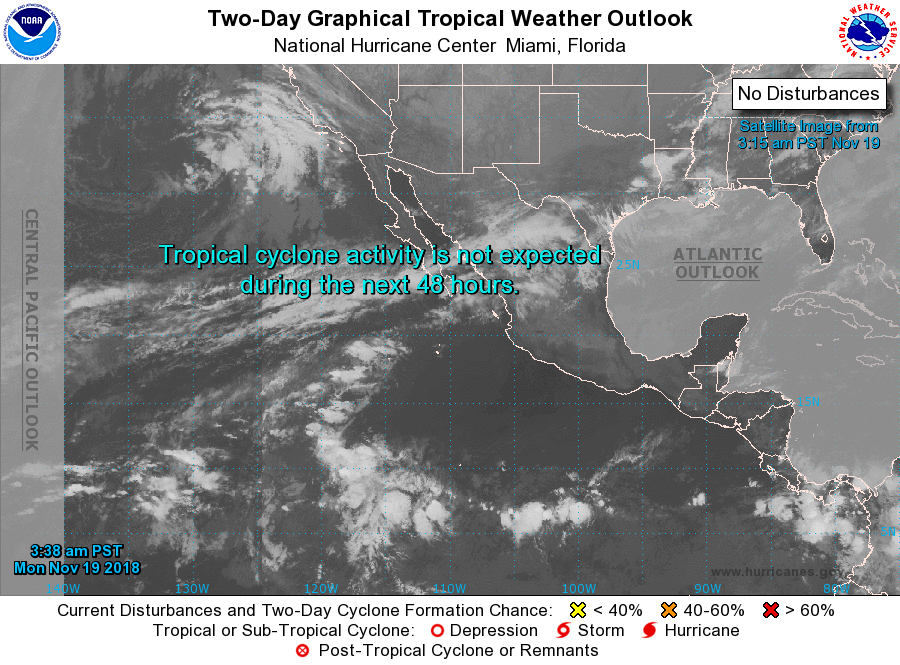
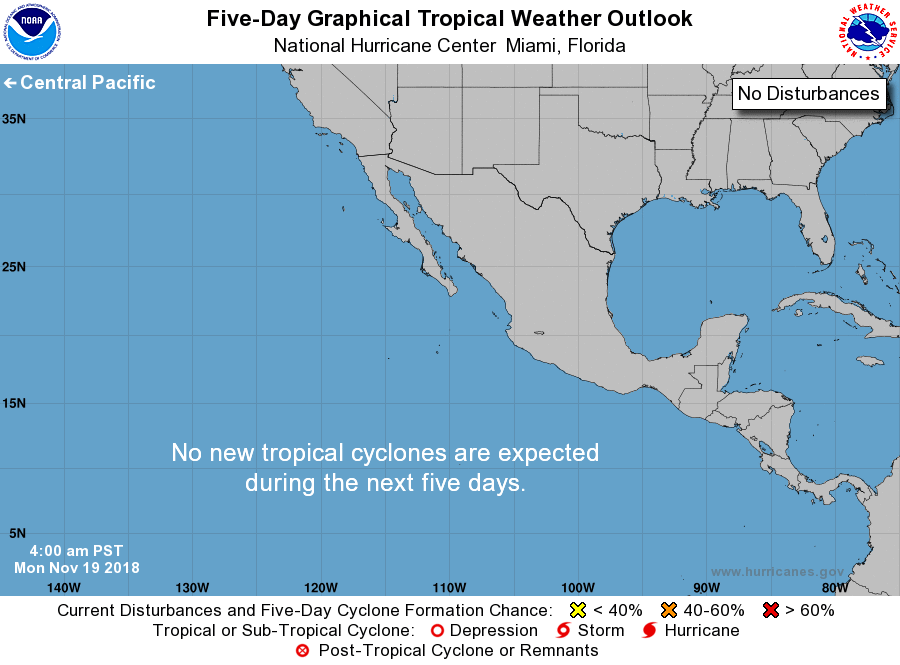
For the eastern North Pacific...east of 140 degrees west longitude:

Tropical cyclone formation is not expected during the next 5 days.

Forecaster Cangialosi